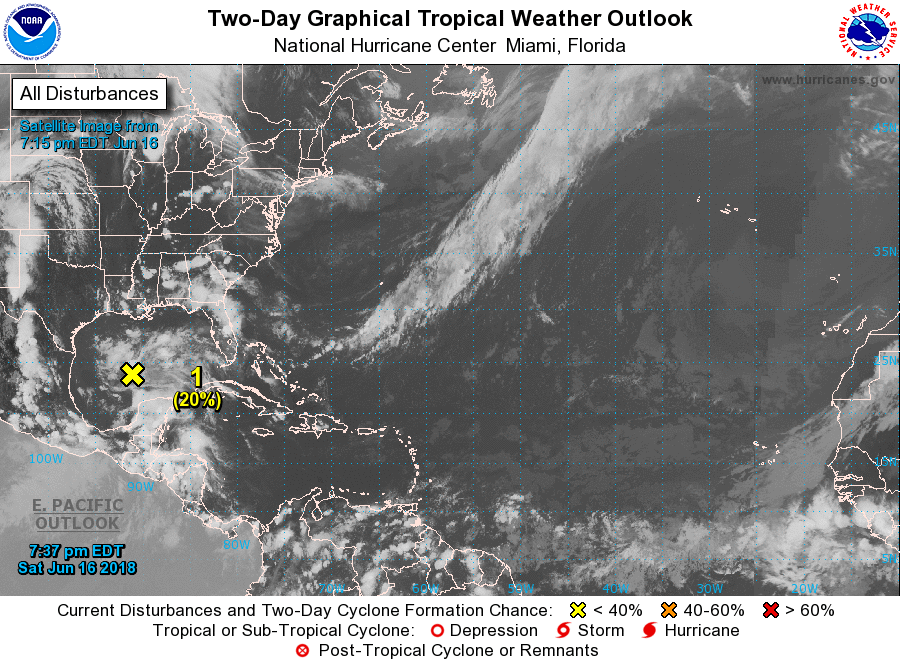
For the North Atlantic...Caribbean Sea and the Gulf of Mexico:

1. Disorganized shower and thunderstorm activity continues in association with a surface trough over the southern Gulf of Mexico and an upper-level low over the western Gulf of Mexico. Surface observations and high-resolution wind data indicate that a surface circulation does not exist, but strong winds are occuring to the northeast of the trough. Environmental conditions are not expected to support significant development, however, heavy rains and gusty winds are likely to spread across the central Gulf of Mexico tonight and will reach portions of the Texas and southwestern Louisiana coasts on Sunday. For more details on this system please see products issued by your local weather office and High Seas Forecasts issued by the National Weather Service.
* Formation chance through 48 hours...low...20 percent.
* Formation chance through 5 days...low...20 percent.

High Seas Forecasts issued by the National Weather Service can be found under AWIPS header NFDHSFAT1, WMO header FZNT01 KWBC, and on the Web at https://ocean.weather.gov/shtml/NFDHSFAT1.shtml.

Forecaster Blake